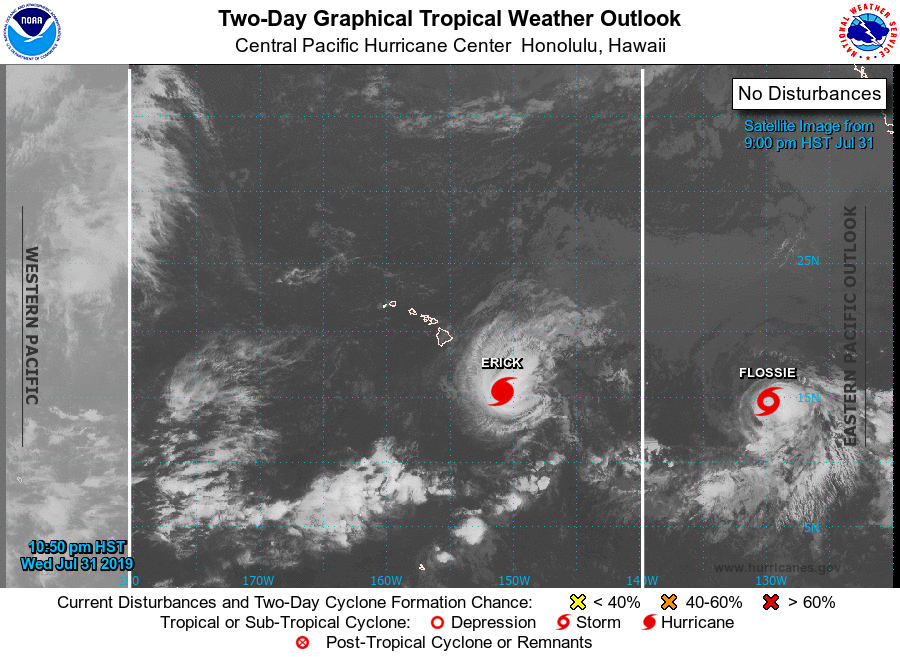
For the central North Pacific...between 140W and 180W:

The Central Pacific Hurricane Center is issuing advisories on Hurricane Erick, centered about 450 miles southeast of Hilo, Hawaii.

The National Hurricane Center in Miami, Florida, is issuing advisories on Tropical Storm Flossie, centered about 1750 miles east-southeast of Hilo, Hawaii. Flossie is expected to move into the Central Pacific Hurricane Center area of responsibility late Friday or Friday night.

Elsewhere, no tropical cyclones are expected during the next 5 days.

Public Advisories on Hurricane Erick are issued under WMO header WTPA31 PHFO and under AWIPS header HFOTCPCP1. Forecast Advisories on Hurricane Erick are issued under WMO header WTPA21 PHFO and under AWIPS header HFOTCMCP1. Public Advisories on Hurricane Flossie are issued under WMO header WTPZ32 KNHC and under AWIPS header MIATCPEP2. Forecast Advisories on Hurricane Flossie are issued under WMO header WTPZ22 KNHC and under AWIPS header MIATCMEP2.

Forecaster Donaldson